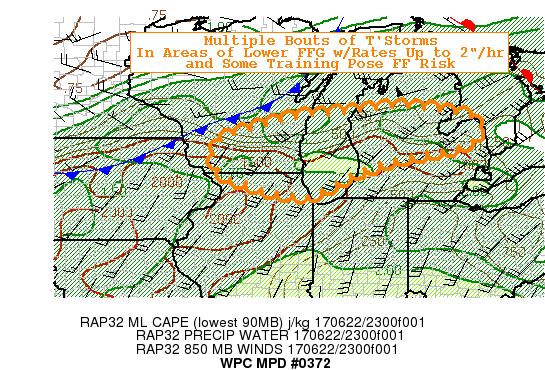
AREAS AFFECTED...SOUTHEAST WI...NORTHEAST IL...CENTRAL MI...

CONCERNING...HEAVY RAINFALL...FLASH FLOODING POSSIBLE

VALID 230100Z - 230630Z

SUMMARY...SLOW MOVING/TRAINING CONVECTION PRIOR TO SEWARD PUSH OF
COLD FRONT LEADS TO MULTIPLE BOUTS OF HEAVY RAINFALL CAPABLE OF
FLASH FLOODING.  MORE CONFLUENT/TRAINING ACROSS LOWER FFG IN
CENTRAL MI MAY ALSO POSE FF RISK THERE AS WELL.

DISCUSSION...GOES-E AND RADAR MOSAIC DENOTES WARM SECTOR
CONVECTION BEGINNING TO BLOSSOM ACROSS SE WI WITH A SECOND CLUSTER
OF NUMEROUS OVERSHOOTING TOP IS CENTRAL MI. BOTH AREAS WERE ABLE
TO RECEIVE MODEST SOLAR INSOLATION LEADING TO TIGHT INSTABILITY
GRADIENT WITH MLCAPES TO 2000 J/KG IN WI AND 1250-1500 IN MI.  THE
LARGER WEAKENING CAP AND MODEST LARGE SCALE ASCENT FROM SOME
MODEST SPEED DIVERGENCE ALOFT ON THE SOUTHERN GRADIENT OF THE JET
ALONG WITH STRENGTHENING SSWLY LLJ WAS SUFFICIENT FOR THE AMOUNT
OF OVERTURNING.  THIS IS ALSO COINCIDENT WITH FAIRLY DEEP MOISTURE
TO SUPPORT TPWS OF 1.8 TO 1.9" THROUGHOUT THE REGION TO ALLOW FOR
CELLS TO BE FAIRLY EFFICIENT WITH RAIN RATES EXPECTED TO BE AT OR
ABOUT 2"/HR.  GIVEN UNIDIRECTIONAL CLOUD BEARING PROFILE CELLS
HAVE THE POTENTIAL TO TRACK JUST A FEW DEGREES OF DUE EAST...AND
GIVEN ORIENTATION OF THE DEVELOPMENT (PARTICULARY ALONG I-94 IN
WI) TRAINING/REPEAT IS EXPECTED ALLOWING FOR INCREASED TOTALS
LIKELY TO EXCEED THE MODEST FFG VALUES IN THE VICINITY ESPECIALLY
IN SE WI WHERE EVEN 3HR FFGS ARE 1.5-2".  ACROSS IN MI VALUES ARE
A BIT HIGHER BUT CELLS ARE LIKELY TO MOVE THOUGH THE LOCALIZED
MINIMUM IN THE FFG WITH VALUES OF 1.5"/3HR NORTH OF THE INITIAL
CLUSTER.

STILL A SECONDARY BOUT OF CONVECTION IS LIKELY TO SWEEP THROUGH IN
THE NEXT FEW HOURS AS THE COLD FRONT ADVANCES SOUTHEAST WITH
TIME...CURRENTLY LOWER INSTABILITY DUE TO PERSISTENT CLOUD COVER
HAS REDUCED VERTICAL DEPTH OF SHOWERS/STORMS ALONG THE FRONT...BUT
WILL INCREASE WITH STRENGTHENING LOW LEVEL JET AND DRIFT INTO ANY
REMAINING INSTABILITY WELLS NOT USED BY INITIAL ROUND.  THIS
ONE/TWO PUNCH INCREASES CONFIDENCE IN COVERAGE OF 2-3" TOTALS
CAPABLE OF FLASH FLOODING AS WELL.  AS THE FRONT DROPS SOUTH
TOWARD 05-06Z SHOWERS HAVE INCLUDED URBAN AREAS OF NE IL AS WELL
PRONE TO THESE HIGH INTENSITY RATES.